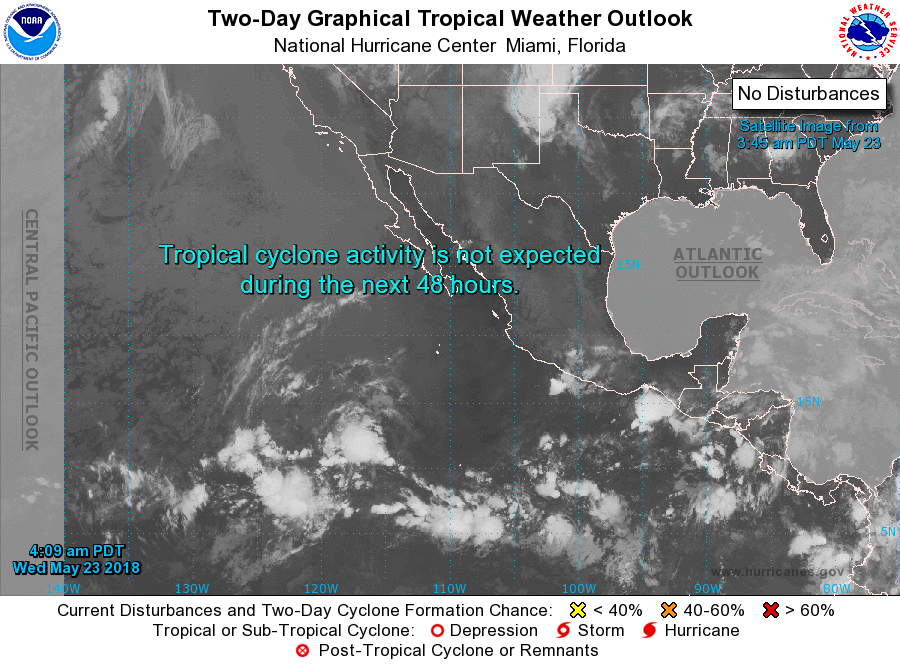
For the eastern North Pacific...east of 140 degrees west longitude:

Tropical cyclone formation is not expected during the next 5 days.

Forecaster Blake